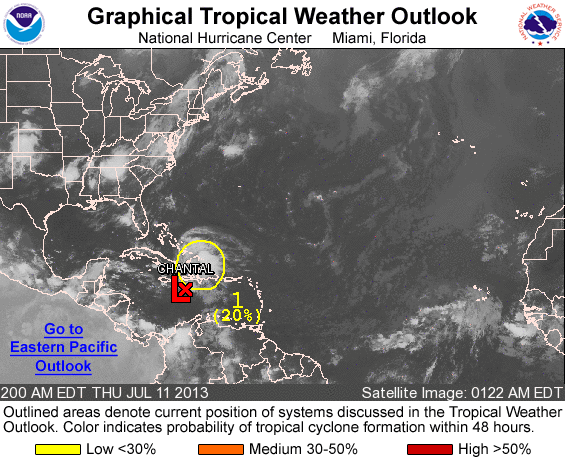
FOR THE NORTH ATLANTIC...CARIBBEAN SEA AND THE GULF OF MEXICO...

1. A LOW PRESSURE TROUGH...THE REMNANTS OF CHANTAL...IS PRODUCING WINDS TO NEAR TROPICAL STORM FORCE AND A LARGE AREA OF CLOUDINESS AND THUNDERSTORMS THAT EXTENDS FROM THE NORTH-CENTRAL CARIBBEAN SEA NORTHWARD ACROSS HISPANIOLA AND THE SOUTHEAST BAHAMAS. SIGNIFICANT REDEVELOPMENT OF THIS SYSTEM IS NOT EXPECTED DURING THE NEXT DAY OR SO DUE TO STRONG UPPER-LEVEL WESTERLY WINDS AND THE INTERACTION WITH LAND. THIS SYSTEM HAS A LOW CHANCE...20 PERCENT...OF BECOMING A TROPICAL CYCLONE DURING THE NEXT 48 HOURS. REGARDLESS OF DEVELOPMENT...HEAVY RAINS AND WINDS TO NEAR TROPICAL STORM FORCE... ESPECIALLY IN SQUALLS...ARE EXPECTED TO CONTINUE OVER HISPANIOLA THIS MORNING...THEN SPREAD OVER EASTERN CUBA AND THE REMAINDER OF BAHAMAS DURING THE NEXT DAY OR SO WHILE THE TROUGH MOVES GENERALLY NORTHWESTWARD.

ADDITIONAL INFORMATION ON THIS SYSTEM CAN BE FOUND IN HIGH SEAS FORECASTS ISSUED BY THE NATIONAL WEATHER SERVICE.

ELSEWHERE...TROPICAL CYCLONE FORMATION IS NOT EXPECTED DURING THE NEXT 48 HOURS.

&&
HIGH SEAS FORECASTS ISSUED BY THE NATIONAL WEATHER SERVICE CAN BE FOUND UNDER AWIPS HEADER NFDHSFAT1 AND WMO HEADER FZNT01 KWBC.

FORECASTER PASCH